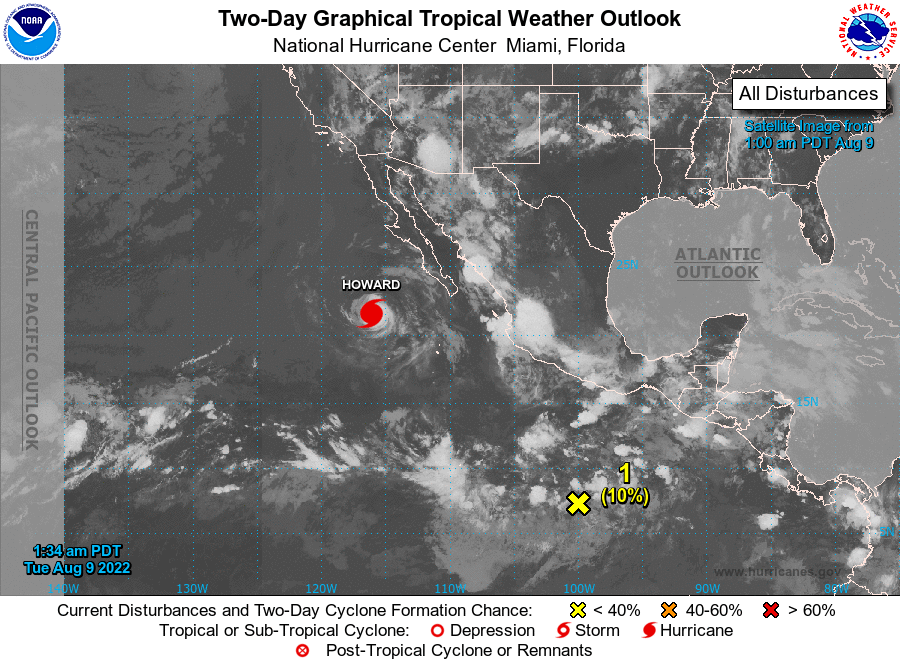
For the eastern North Pacific...east of 140 degrees west longitude:

Active Systems: The National Hurricane Center is issuing advisories on Hurricane Howard, located a few hundred miles west-southwest of the southern tip of Baja California.

1. Offshore of Southwest Mexico: An area of disorganized showers and thunderstorms associated with a trough of low pressure is currently located several hundred miles south of southern Mexico. Environmental conditions appear conducive for gradual development of this system, and a tropical depression could form late this week while it moves west-northwestward, well offshore of the coast of Mexico.
* Formation chance through 48 hours...low...10 percent.
* Formation chance through 5 days...medium...60 percent.

Forecaster Bucci/Brown